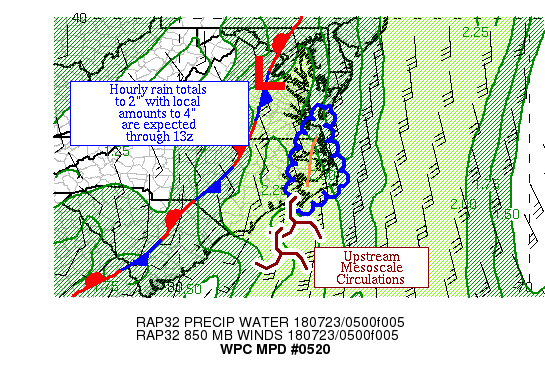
AREAS AFFECTED...EASTERN NC & SOUTHEAST VA

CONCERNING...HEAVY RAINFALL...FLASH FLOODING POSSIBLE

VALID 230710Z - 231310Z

SUMMARY...THUNDERSTORMS WITH HEAVY RAIN ARE EXPECTED TO
OCCASIONALLY TRAIN ACROSS EASTERN NC AND PERHAPS FAR SOUTHEAST VA.
 HOURLY RAIN TOTALS TO 2" WITH LOCAL AMOUNTS TO 4" ARE EXPECTED.

DISCUSSION...WELL-DEFINED UPPER LEVEL SHORTWAVES ACROSS NC AND GA
ARE TRYING TO ALIGN INTO A MORE ZERO TILT CONFIGURATION ALOFT,
WHICH IS BROADENING THE DIVERGENCE SIGNATURE ALOFT ON RECENT
SATELLITE IMAGERY.  A SURFACE TROUGH LIES ACROSS EASTERN NC WHICH
HAS BEEN ACTING AS THE FOCUS FOR CONVECTION THUS FAR.  INFLOW AT
850 HPA IS SLOWLY BACKING, NOW EAST OF DUE SOUTH AT 25-35 KTS PER
VAD WIND PROFILES AND RAP ANALYSES.  EFFECTIVE BULK SHEAR IS ~30
KTS, WHICH ALONG WITH THE UNIDIRECTIONAL FLOW WITH HEIGHT HAS LED
TO TRAINING BANDS ON OCCASION.  ML CAPE VALUES OF 1000-2000 J/KG
LIE ACROSS THE REGION; CIN IS MINIMAL.  PRECIPITABLE WATER VALUES
ARE ~2" PER GPS DATA.

A PAIR OF MESOSCALE CIRCULATIONS OFFSHORE SOUTHERN NC APPEAR TO BE
TRYING TO PULL THE CURRENT CONVECTIVE BAND ONTO A MORE WESTERLY
TRAJECTORY, SIMILAR TO WHAT IS ADVERTISED BY THE 00Z HREF
PROBABILITIES OF 1"+ AN HOUR AND THE 00Z WRF NSSL.  STORMS SHOULD
MOVE ASHORE CARTARET COUNTY SHORTLY WHICH COULD PULL THE BAND
CURRENTLY ACROSS DARE COUNTY MORE WESTWARD WITH TIME, WHICH COULD
BE HELPED OUT BY THE SOUTH-SOUTHEAST LOW-LEVEL FLOW.  OTHER
THUNDERSTORM ACTIVITY TO THE WEST MAY OCCASIONALLY MERGE IN AS
WELL.  HOWEVER, BY 12Z, RAP FORECASTS INDICATE THAT THE BAND COULD
MOVE EASTWARD ONCE MORE AS THE FLOW VEERS SLIGHTLY.  THE IMPACT ON
NORFOLK VA IS UNCLEAR AS THEY'VE BEEN CLIPPED BY HEAVY RAINFALL
ALL NIGHT.  OTHERWISE, THE GUIDANCE AGREES ON THE POTENTIAL OF
LOCAL MAXIMA OF 4" THROUGH 13Z.  LOWERED THE CATEGORY TO POSSIBLE
AS THE MESOSCALE GUIDANCE SHOWS A BIT MORE DISPERSION WITH
EXPECTATIONS THAN SEEN SEVERAL HOURS AGO.